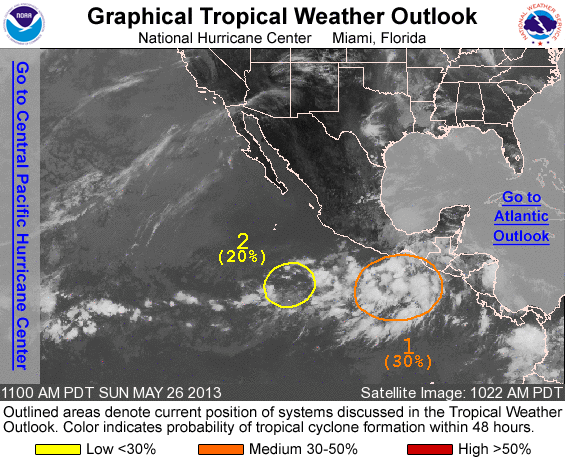
FOR THE EASTERN NORTH PACIFIC...EAST OF 140 DEGREES WEST LONGITUDE..

1. SHOWERS AND THUNDERSTORMS ASSOCIATED WITH A DISTURBANCE LOCATED A COUPLE OF HUNDRED MILES SOUTH OF THE GULF OF TEHUANTEPEC HAVE BECOME SLIGHTLY BETTER ORGANIZED DURING THE LAST SEVERAL HOURS. SLOW DEVELOPMENT OF THIS SYSTEM IS POSSIBLE OVER THE NEXT COUPLE OF DAYS AS IT MOVES SLOWLY WEST-NORTHWESTWARD OR NORTHWESTWARD. THIS SYSTEM HAS A MEDIUM CHANCE...30 PERCENT...OF BECOMING A TROPICAL CYCLONE DURING THE NEXT 48 HOURS. REGARDLESS OF DEVELOPMENT...HEAVY RAINS ARE POSSIBLE OVER PORTIONS OF SOUTHERN MEXICO AND GUATEMALA DURING THE NEXT COUPLE OF DAYS.

2. AN AREA OF LOW PRESSURE IS LOCATED ABOUT 650 MILES SOUTH-SOUTHWEST OF MANZANILLO MEXICO. ALTHOUGH THE ASSOCIATED CLOUDINESS AND SHOWERS REMAIN DISORGANIZED...THE LOW IS A LITTLE BETTER DEFINED THAN IT WAS YESTERDAY. SOME GRADUAL DEVELOPMENT OF THIS SYSTEM IS POSSIBLE DURING THE NEXT COUPLE OF DAYS AS IT MOVES LITTLE. THIS SYSTEM HAS A LOW CHANCE...20 PERCENT...OF BECOMING A TROPICAL CYCLONE DURING THE NEXT 48 HOURS.

ELSEWHERE...TROPICAL CYCLONE FORMATION IS NOT EXPECTED DURING THE NEXT 48 HOURS.

FORECASTER CANGIALOSI